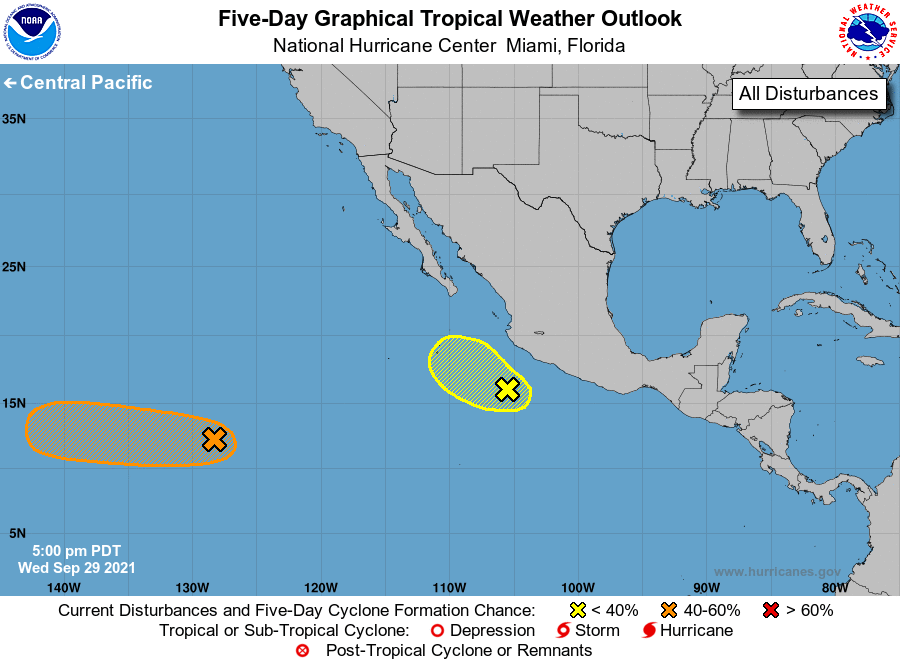
For the eastern North Pacific...east of 140 degrees west longitude:

1. A broad area of low pressure located more than 1000 miles southwest of the southern tip of the Baja California peninsula is producing disorganized showers and thunderstorms. Environmental conditions are expected to be conducive for slow development during the next several days, and a tropical depression could form by the weekend while the system moves generally westward at around 10 mph.
* Formation chance through 48 hours...low...20 percent.
* Formation chance through 5 days...medium...40 percent.

2. A broad low pressure system located a few hundred miles south of Manzanillo, Mexico, is producing disorganized showers and a few thunderstorms, and environmental conditions are only marginally conducive for development. The low is forecast to meander off the coast of southwestern Mexico today and tonight, and then move slowly toward the west-northwest at about 5 mph away from the coast of Mexico on Thursday and Friday.
* Formation chance through 48 hours...low...10 percent.
* Formation chance through 5 days...low...20 percent.

Forecaster Papin